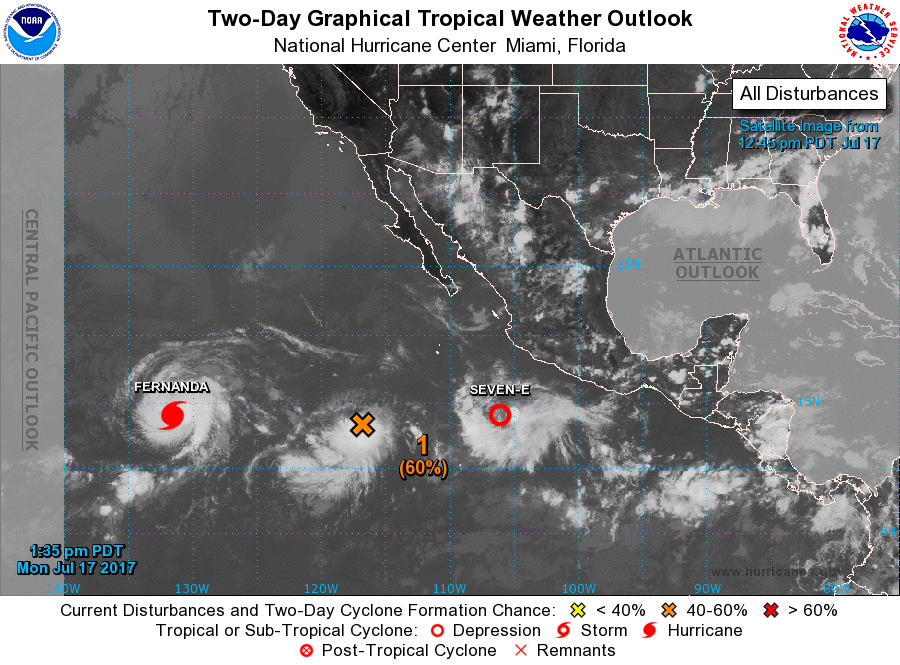
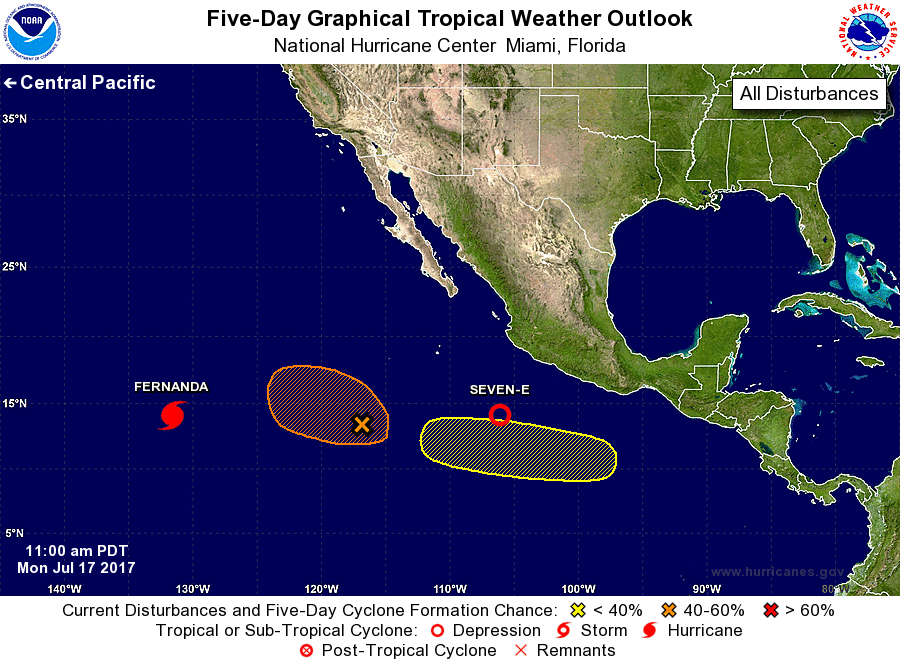
For the eastern North Pacific...east of 140 degrees west longitude:

The National Hurricane Center is issuing advisories on Hurricane Fernanda located well to the west-southwest of the southern tip of the Baja California peninsula and on newly formed Tropical Depression Seven-E located a few hundred miles south of Manzanillo, Mexico.

1. Showers and thunderstorms continue in association with an area of low pressure centered about 750 miles southwest of the southern tip of the Baja peninsula. Although environmental conditions are only marginally conducive because of strong upper-level winds, this system has the potential to become a tropical depression during the next couple of days. The low is expected to move slowly to the west during the next few days.
* Formation chance through 48 hours...medium...60 percent.
* Formation chance through 5 days...medium...60 percent.

2. Another area of low pressure is expected to form in the eastern Pacific Ocean south of Mexico late this week. Environmental conditions appear conducive for some development of the system by the weekend while it moves westward to west-northwestward at 10 to 15 mph.
* Formation chance through 48 hours...low...near 0 percent.
* Formation chance through 5 days...low...30 percent.

Public Advisories on Tropical Depression Seven-E are issued under WMO header WTPZ32 KNHC and under AWIPS header MIATCPEP2. Forecast/Advisories on Tropical Depression Seven-E are issued under WMO header WTPZ22 KNHC and under AWIPS header MIATCMEP2.

Forecaster Landsea